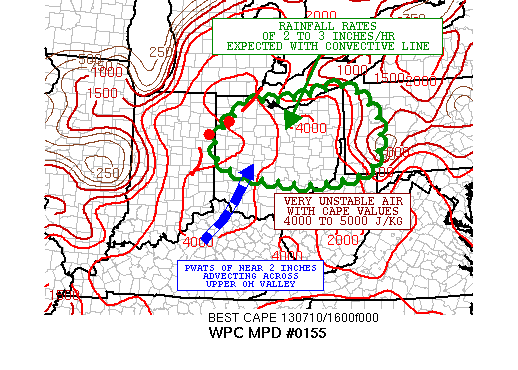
AREAS AFFECTED...CENTRAL AND NORTHERN OH...WESTERN PA...FAR
NORTHERN WV

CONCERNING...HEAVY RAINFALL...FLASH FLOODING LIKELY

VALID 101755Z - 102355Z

SUMMARY...ORGANIZING COLD-TOPPED CONVECTIVE LINE OVER NRN IN AND
NWRN OH LIKELY TO STRENGTHEN AND CROSS MUCH OF CNTRL/NRN OH
THROUGH THE AFTERNOON. VERY WET ANTECEDENT CONDITIONS WILL SUPPORT
SHORT-TERM FLASH FLOOD CONCERNS AS THE LINE CROSSES.

DISCUSSION...LATEST IR SAT IMAGERY SHOWS COOLING CLOUD TOPS ASSOCD
WITH AN ORGANIZING CONVECTIVE LINE FROM N CNTRL IN INTO EXTREME
NWRN OH. ADDITIONAL SMALLER SCALE CONVECTIVE CELLS WERE SEEN
DEVELOPING FARTHER EAST OVER NRN OH. STRONG DIURNAL HEATING
THROUGH THE MORNING AND EARLY AFTERNOON HAS CONTRIBUTED TO 4500 TO
5000 J/KG OF SBCAPE...AND LATEST VIS IS INDICATING AN INCREASINGLY
AGITATED CU FIELD ALREADY OVER MUCH OF CNTRL AND NRN OH. THE
UPSTREAM CONVECTIVE LINE IS LIKELY TO STRENGTHEN FURTHER AS IT
ADVANCES EASTWARD INTO THIS STRONGLY UNSTABLE THERMODYNAMIC
ENVIRONMENT. COMPLIMENTING THIS IS THE EXPECTING FORCING ASSOCD
WITH AN ARRIVING SHORTWAVE TROUGH WHICH SHOULD PROVIDE MORE THAN
ENOUGH ASCENT FOR A SUSTAINABLE MCS TO EVOLVE THROUGH THE
AFTERNOON. EXPECTING THIS SYS TO CROSS MUCH OF CNTRL/NRN OH THIS
AFTERNOON AND POTENTIALLY MERGING WITH CELLS OUT AHEAD OF
IT...WITH THE SYS ULTIMATELY CROSSING FAR NRN WV AND GETTING INTO
WRN PA BY LATE AFTERNOON OR EARLY EVENING. ALREADY MUCH OF THE
UPPER OH VALLEY REGION HAS SEEN VERY HEAVY RAINFALL OVER THE LAST
24 HOURS...AND WITH PWATS NEAR 2 INCHES AND NEARLY SATURATED
SOILS...THE EXPECTED CONVECTION THROUGH THE AFTERNOON WILL PROMOTE
ADDITIONAL SHORT-TERM FLASH FLOOD CONCERNS. RAINFALL RATES OF 2 TO
3 INCHES/HR ARE LIKELY...BUT COULD BE HEAVIER INVOF OF CELL
MERGERS AND THUS ENHANCING THE FLASH FLOOD THREAT.